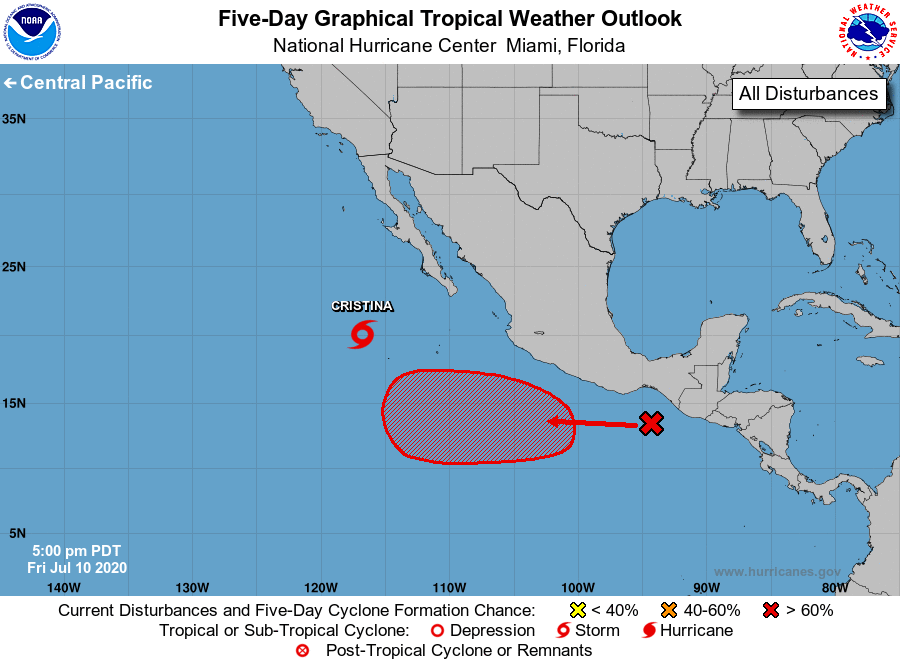
For the eastern North Pacific...east of 140 degrees west longitude:

The National Hurricane Center is issuing advisories on Tropical Storm Cristina, located several hundred miles west-southwest of the southern tip of the Baja California peninsula.

1. An area of disturbed weather associated with a tropical wave is located south of the Gulf of Tehuantepec. Environmental conditions are expected to be generally favorable for the development of a tropical depression through early next week while the system moves quickly westward well south of the coast of Mexico.
* Formation chance through 48 hours...low...20 percent.
* Formation chance through 5 days...high...70 percent.

Forecaster Zelinsky